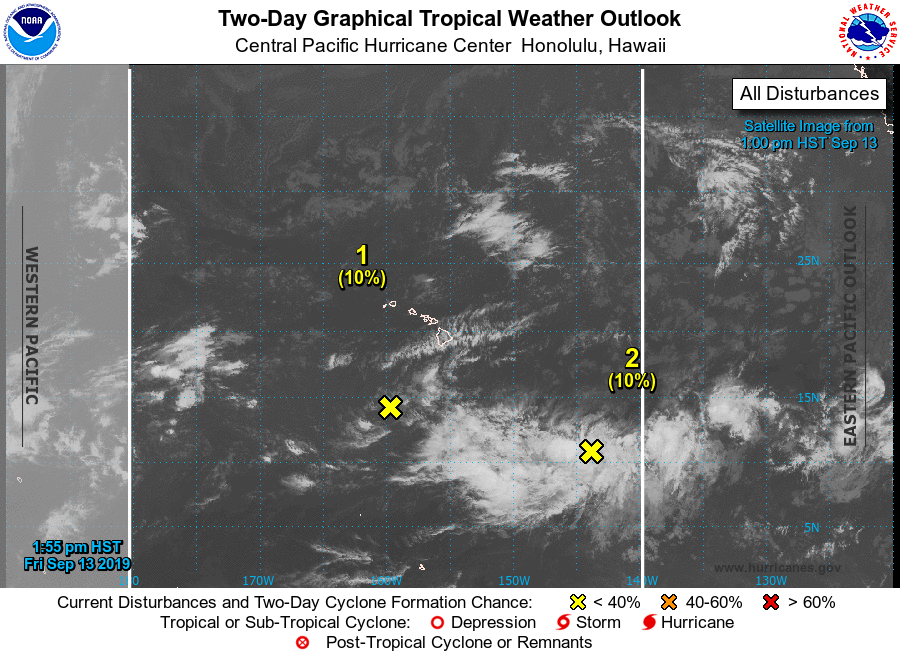
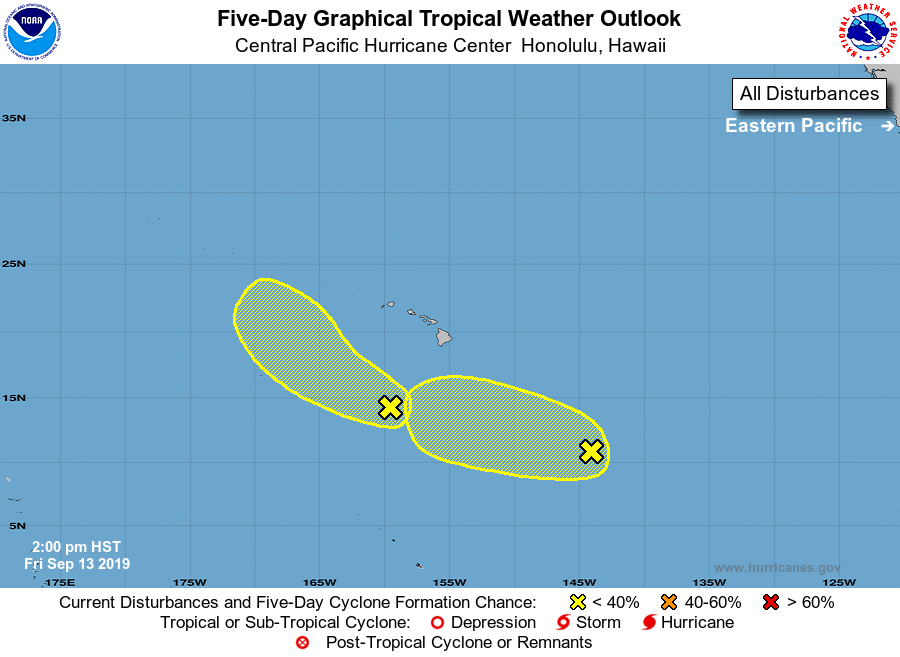
For the central North Pacific...between 140W and 180W:

1. An area of low pressure is centered about 500 miles south of Honolulu, Hawaii. Some slow development of this system is possible during the next several days while the system moves slowly northwestward.
* Formation chance through 48 hours...low...10 percent.
* Formation chance through 5 days...low...20 percent.

2. An area disturbed weather is located around 1000 miles southeast of the Big Island of Hawaii. Some slow development of this disturbance is possible during the next several days while the system moves slowly west-northwestward.
* Formation chance through 48 hours...low...10 percent.
* Formation chance through 5 days...low...20 percent.

Elsewhere, no tropical cyclones are expected during the next 5 days.

Forecaster EATON